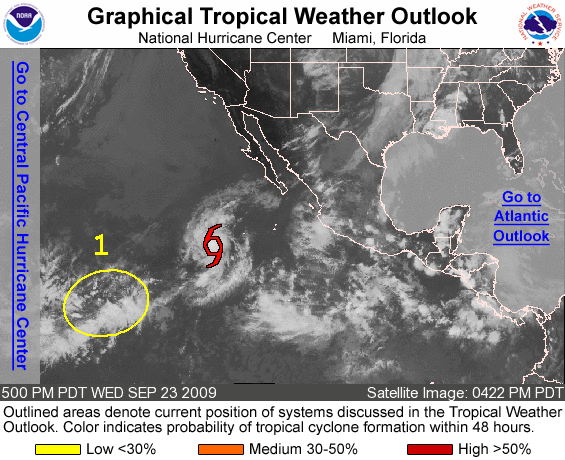
FOR THE EASTERN NORTH PACIFIC...EAST OF 140 DEGREES WEST LONGITUDE..

THE NATIONAL HURRICANE CENTER IS ISSUED ADVISORIES ON TROPICAL STORM NORA...LOCATED ABOUT 705 MILES SOUTHWEST OF THE SOUTHERN TIP OF BAJA CALIFORNIA.

1. A LARGE AREA OF DISTURBED WEATHER HAS DEVELOPED ABOUT 1600 MILES EAST-SOUTHEAST OF THE HAWAIIAN ISLANDS. SOME SLOW DEVELOPMENT OF THIS SYSTEM IS POSSIBLE OVER THE NEXT COUPLE OF DAYS AS IT MOVES WEST-NORTHWESTWARD AT 5 TO 10 MPH. THERE IS A LOW CHANCE...LESS THAN 30 PERCENT...OF THIS SYSTEM BECOMING A TROPICAL CYCLONE DURING THE NEXT 48 HOURS.

ELSEWHERE...TROPICAL CYCLONE FORMATION IS NOT EXPECTED DURING THE NEXT 48 HOURS.

PUBLIC ADVISORIES ON TROPICAL STORM NORA ARE ISSUED UNDER WMO HEADER WTPZ32 KNHC AND UNDER AWIPS HEADER MIATCPEP2. FORECAST/ADVISORIES ARE ISSUED UNDER WMO HEADER WTPZ22 KNHC AND UNDER AWIPS HEADER MIATCMEP2.

FORECASTER BERG